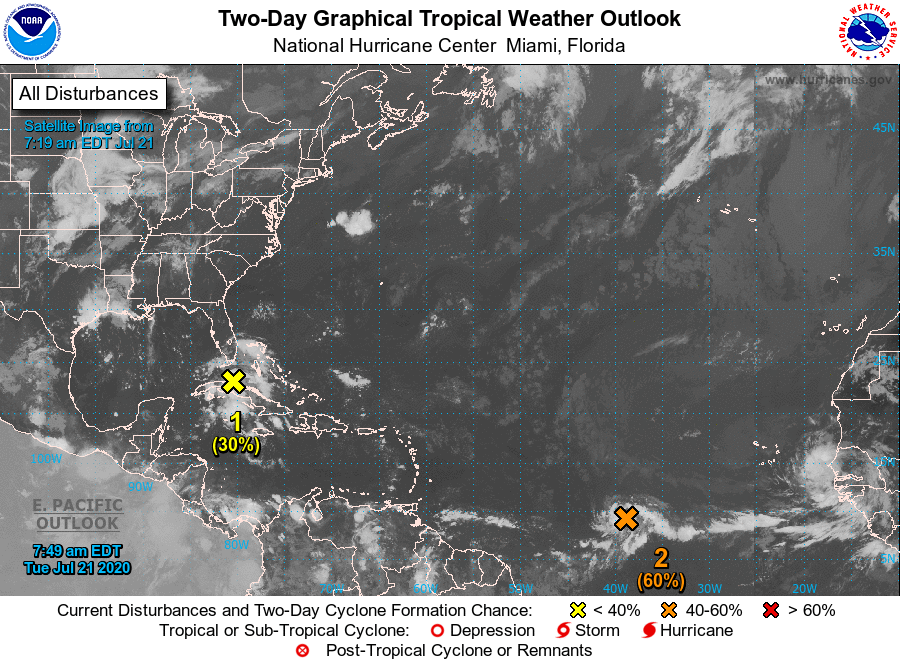
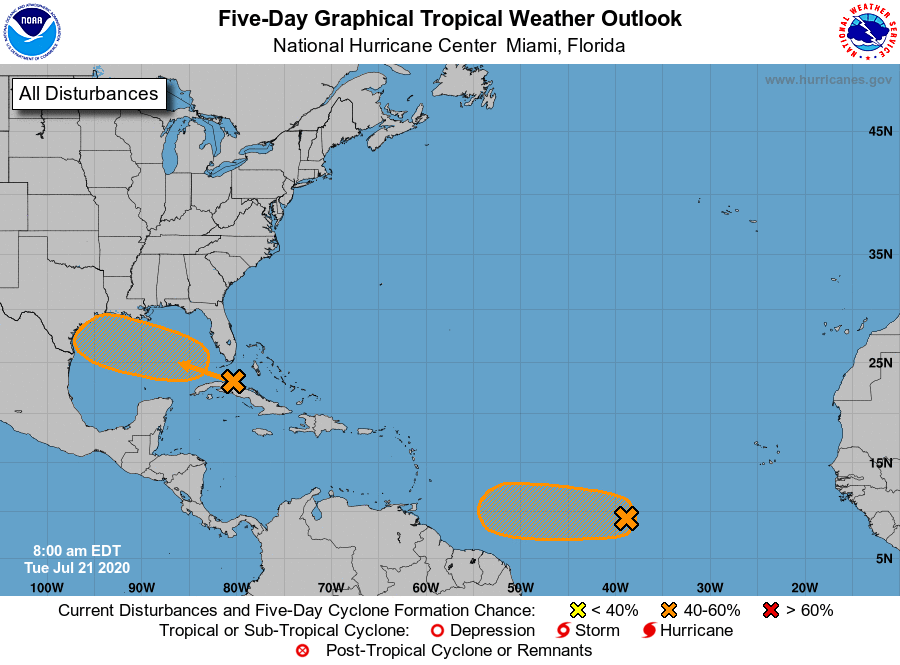
For the North Atlantic...Caribbean Sea and the Gulf of Mexico:

1. A tropical wave is producing a large area of disorganized showers and thunderstorms over western Cuba, the northwestern Bahamas, southern Florida, and the adjacent Atlantic and Caribbean waters. Gradual development of this system is possible while it moves west-northwestward during the next few days. This system is expected to move over the southeastern Gulf of Mexico later today, the central Gulf on Wednesday, and the northwestern Gulf on Thursday and Friday. An Air Force Reserve Hurricane Hunter aircraft is scheduled to investigate the system this afternoon, if necessary.
* Formation chance through 48 hours...low...30 percent.
* Formation chance through 5 days...medium...40 percent.

2. Showers and thunderstorms have become better organized in association with a low pressure system located about midway between the west coast of Africa and the Lesser Antilles. Environmental conditions are expected to be somewhat conducive for development, and a tropical depression could form during the next day or two while the low moves westward at around 10 mph over the tropical Atlantic. By the weekend, however, less favorable conditions should limit additional development.
* Formation chance through 48 hours...medium...60 percent.
* Formation chance through 5 days...medium...60 percent.

Forecaster Beven